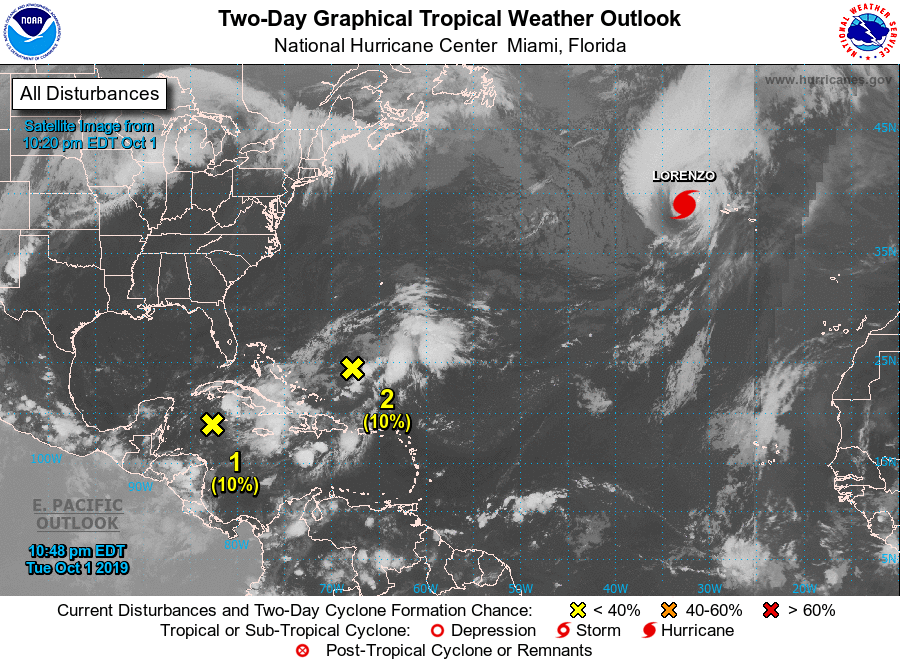
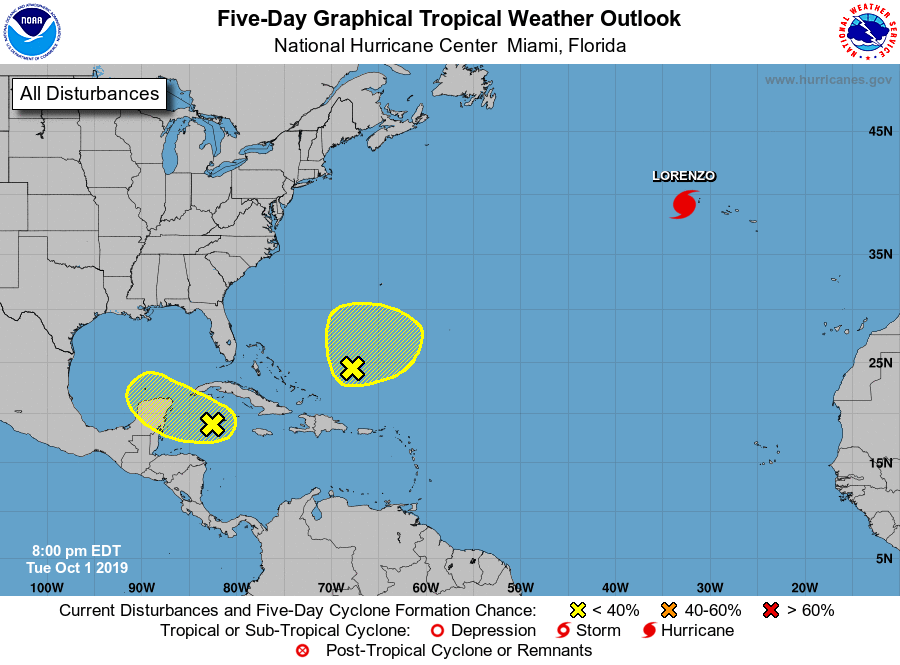
For the North Atlantic...Caribbean Sea and the Gulf of Mexico:

The National Hurricane Center is issuing advisories on Hurricane Lorenzo, located a couple of hundred miles southwest of the western Azores.

1. A broad area of low pressure located over the northwestern Caribbean Sea continues to produce disorganized showers and thunderstorms. Although surface pressures are low across the area, the circulation is currently weak. Any development of this system is expected to be slow to occur while it moves to the west-northwest near the Yucatan peninsula in a couple of days, and over the southern Gulf of Mexico by Friday.
* Formation chance through 48 hours...low...10 percent.
* Formation chance through 5 days...low...20 percent.

2. Disorganized cloudiness and showers that extend from the southeastern Bahamas northeastward across the western Atlantic for several hundred miles are associated with a surface trough. Development of this system, if any, should be slow to occur while it moves to the northeast or north at 5 to 10 mph, remaining well to south of Bermuda.
* Formation chance through 48 hours...low...10 percent.
* Formation chance through 5 days...low...10 percent.

Forecaster Stewart